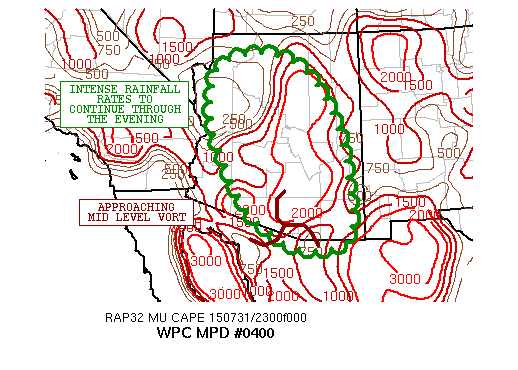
AREAS AFFECTED...AZ

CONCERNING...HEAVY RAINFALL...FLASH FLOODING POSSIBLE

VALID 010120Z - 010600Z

SUMMARY...NUMEROUS SHOWERS AND THUNDERSTORMS WILL CONTINUE THROUGH
THE LATE EVENING HOURS. SLOW-MOVING CELLS AND INTENSE RAINFALL
RATES WILL PROMOTE THE POTENTIAL FOR FLASH FLOODING OVER THE NEXT
FEW HOURS.

DISCUSSION...THE LATE-DAY GOES-RGB IMAGERY SUGGESTS A WEAK MID
LEVEL CIRCULATION MOVING NORTHWEST OUT OF NORTHWEST MEXICO AND
INTO SOUTHERN AZ AT THIS TIME. THIS CIRCULATION IS ACCOMPANIED BY
A POOL OF DEEPER MOISTURE AS DEPICTED BY GPS-DERIVED PWATS AND THE
LAYERED PWAT PRODUCT WHICH SHOWS ELEVATED MID AND HIGH LEVEL
MOISTURE ADVANCING NORTHWEST. SUFFICIENT FORCING WITH THE
CIRCULATION AND FAVORABLE THERMODYNAMICS HAS ALREADY BEEN YIELDING
NUMEROUS CLUSTERS OF HEAVY SHOWERS AND THUNDERSTORMS THROUGH LATE
AFTERNOON...BUT WITH THE INCREASE IN MOISTURE TRANSPORT...RAINFALL
RATES SHOULD TEND TO INCREASE THROUGH THE EVENING HOURS. THE
CONVECTION HAS BEEN RATHER SLOW MOVING AND THIS HAS BEEN YIELDING
LOCALLY VERY HEAVY RAINFALL...WITH RATES OF UP TO 1.5 INCHES/HR AS
PER DUAL-POL ESTIMATES.

OVER THE NEXT FEW HOURS...THE LATEST HRRR SUGGESTS ADDITIONAL
FOCUS FOR HEAVY SHOWERS AND THUNDERSTORMS GIVEN THE DEEPENING
MOISTURE PROFILES AND SUFFICIENT INSTABILITY/FORCING IN VICINITY
OF THE MID LEVEL VORT CENTER. EXPECT AT LEAST SOME POTENTIAL FOR
FLASH FLOODING...ESPECIALLY IN VICINITY OF ARROYOS WHERE THE
INTENSE RATES AND SLOW MOVEMENT WILL FAVOR RAPID RUNOFF. WILL
CONTINUE TO MONITOR.